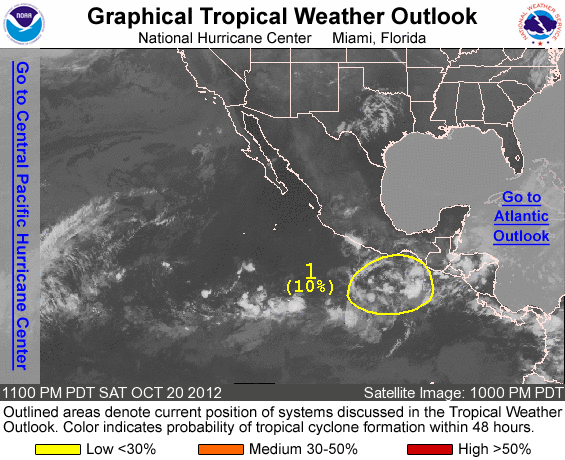
FOR THE EASTERN NORTH PACIFIC...EAST OF 140 DEGREES WEST LONGITUDE..

1. AN AREA OF DISTURBED WEATHER CONTINUES A FEW HUNDRED MILES SOUTH OF THE GULF OF TEHUANTEPEC. SLOW DEVELOPMENT OF THIS SYSTEM IS POSSIBLE DURING THE NEXT COUPLE OF DAYS AS IT DRIFTS WESTWARD. THIS SYSTEM HAS A LOW CHANCE...10 PERCENT...OF BECOMING A TROPICAL CYCLONE DURING THE NEXT 48 HOURS AS IT MOVES WESTWARD AT 5 TO 10 MPH.

ELSEWHERE...TROPICAL CYCLONE FORMATION IS NOT EXPECTED DURING THE NEXT 48 HOURS.

FORECASTER BEVEN